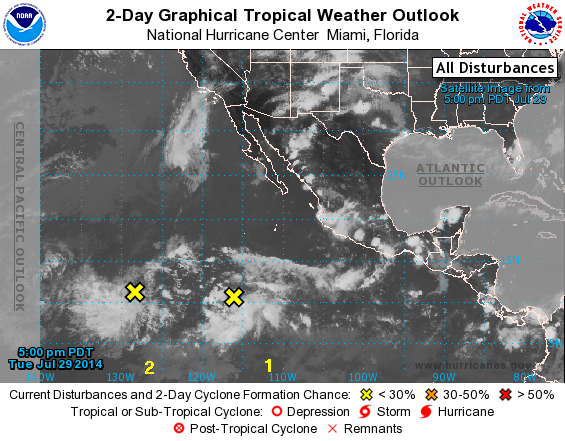
For the eastern North Pacific...east of 140 degrees west longitude:

1. An area of low pressure located about 900 miles south-southwest of the southern tip of the Baja California peninsula is producing disorganized cloudiness and thunderstorms. Environmental conditions are conducive for gradual development of this system during the next several days as this system moves west-northwestward at 10 to 15 mph.
* Formation chance through 48 hours...low...near 10 percent.
* Formation chance through 5 days...high...60 percent.

2. An area of cloudiness and thunderstorms has formed in association with a low pressure system about 1500 miles southwest of the southern tip of the Baja California peninsula. Environmental conditions appear favorable for some slow development of this system during the next several days as the low moves generally westward.
* Formation chance through 48 hours...low...near 10 percent.
* Formation chance through 5 days...low...20 percent.

Forecaster Kimberlain